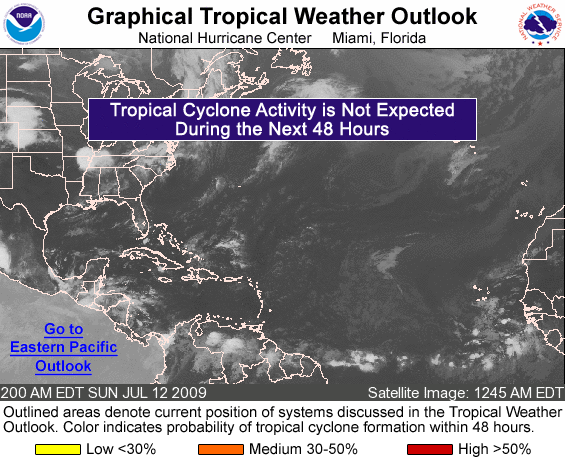
FOR THE NORTH ATLANTIC...CARIBBEAN SEA AND THE GULF OF MEXICO...

TROPICAL CYCLONE FORMATION IS NOT EXPECTED DURING THE NEXT 48 HOURS.

FORECASTER PASCH/KIMBERLAIN